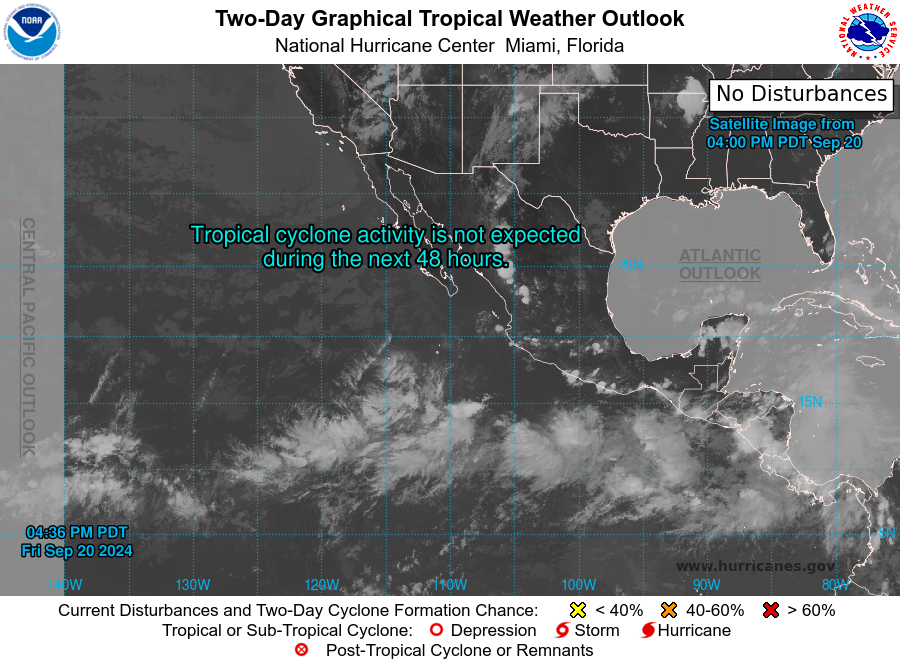
For the eastern North Pacific...east of 140 degrees west longitude:

1. Central Portion of the East Pacific: An area of low pressure could form well to the southwest of the southwestern coast of Mexico this weekend. Environmental conditions appear conducive for some slow development of this system, and a tropical depression could form during the next few days while it slowly moves generally north to northeastward.
* Formation chance through 48 hours...low...near 0 percent.
* Formation chance through 7 days...medium...50 percent.

Forecaster Kelly